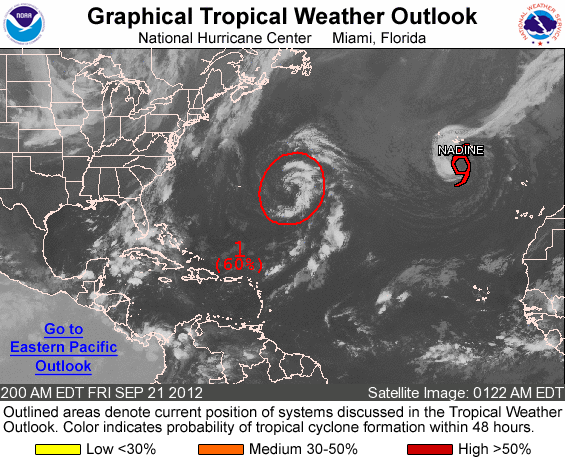
FOR THE NORTH ATLANTIC...CARIBBEAN SEA AND THE GULF OF MEXICO...

THE NATIONAL HURRICANE CENTER IS ISSUING ADVISORIES ON TROPICAL STORM NADINE...LOCATED ABOUT 200 MILES SOUTH-SOUTHWEST OF THE AZORES.

1. SHOWER AND THUNDERSTORM ACTIVITY ASSOCIATED WITH A NON-TROPICAL LOW PRESSURE SYSTEM LOCATED ABOUT 475 MILES EAST OF BERMUDA HAS CHANGED LITTLE IN ORGANIZATION DURING THE PAST SEVERAL HOURS. CONDITIONS APPEAR TO BE FAVORABLE FOR GRADUAL DEVELOPMENT BEFORE UPPER-LEVEL WINDS BECOME LESS CONDUCIVE ON SATURDAY. THIS SYSTEM HAS A HIGH CHANCE...60 PERCENT...OF BECOMING A SUBTROPICAL CYCLONE DURING THE NEXT 48 HOURS AS IT MOVES WEST-NORTHWESTWARD AT ABOUT 10 MPH.

ADDITIONAL INFORMATION ON THIS SYSTEM CAN BE FOUND IN HIGH SEAS FORECASTS ISSUED BY THE NATIONAL WEATHER SERVICE.

ELSEWHERE...TROPICAL CYCLONE FORMATION IS NOT EXPECTED DURING THE NEXT 48 HOURS.

&&
HIGH SEAS FORECASTS ISSUED BY THE NATIONAL WEATHER SERVICE CAN BE FOUND UNDER AWIPS HEADER NFDHSFAT1 AND WMO HEADER FZNT01 KWBC.

FORECASTER AVILA